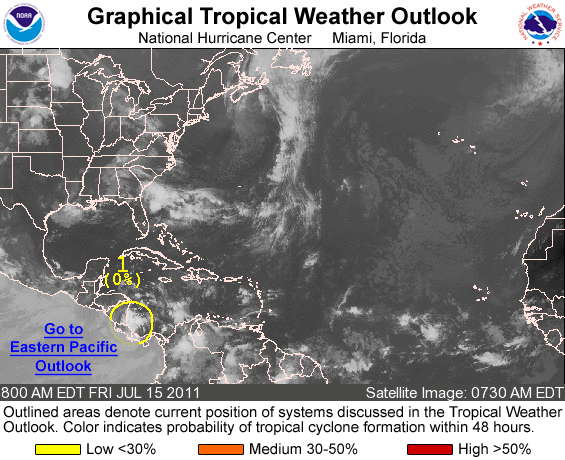
FOR THE NORTH ATLANTIC...CARIBBEAN SEA AND THE GULF OF MEXICO...

1. AN AREA OF DISTURBED WEATHER IS MOVING INLAND OVER NICARAGUA AND COSTA RICA...AND INTERACTION WITH LAND IS EXPECTED TO PREVENT DEVELOPMENT OF THIS DISTURBANCE. THIS SYSTEM HAS A LOW CHANCE ...NEAR 0 PERCENT...OF BECOMING A TROPICAL CYCLONE DURING THE NEXT 48 HOURS. HOWEVER...LOCALLY HEAVY RAINFALL WILL BE POSSIBLE OVER PORTIONS OF CENTRAL AMERICA DURING THE NEXT FEW DAYS.

ELSEWHERE...TROPICAL CYCLONE FORMATION IS NOT EXPECTED DURING THE NEXT 48 HOURS.

FORECASTER STEWART